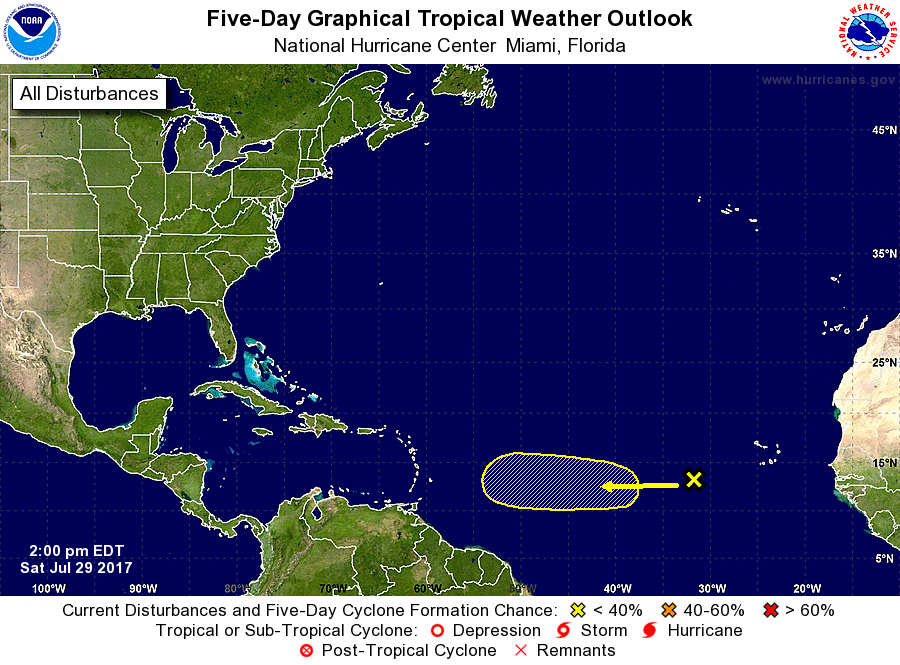
For the North Atlantic...Caribbean Sea and the Gulf of Mexico:

1. A tropical wave in the far eastern Atlantic is moving westward at 10 to 15 mph. Environmental conditions are forecast to be conducive for some development of this system early next week.
* Formation chance through 48 hours...low...near 0 percent.
* Formation chance through 5 days...low...20 percent.

Forecaster Avila